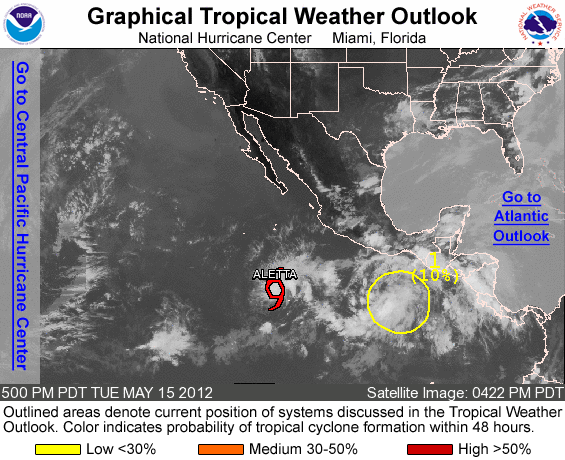
FOR THE EASTERN NORTH PACIFIC...EAST OF 140 DEGREES WEST LONGITUDE..

THE NATIONAL HURRICANE CENTER IS ISSUING ADVISORIES ON TROPICAL STORM ALETTA...LOCATED ABOUT 810 MILES SOUTH OF THE SOUTHERN TIP OF BAJA CALIFORNIA.

1. A LARGE AREA OF DISTURBED WEATHER IS LOCATED SEVERAL HUNDRED MILES SOUTH OF THE GULF OF TEHUANTEPEC. ENVIRONMENTAL CONDITIONS APPEAR CONDUCIVE FOR SOME SLOW DEVELOPMENT OF THIS SYSTEM DURING THE NEXT COUPLE OF DAYS. THIS SYSTEM HAS A LOW CHANCE...10 PERCENT...OF BECOMING A TROPICAL CYCLONE DURING THE NEXT 48 HOURS.

ELSEWHERE...TROPICAL CYCLONE FORMATION IS NOT EXPECTED DURING THE NEXT 48 HOURS.

FORECASTER PASCH